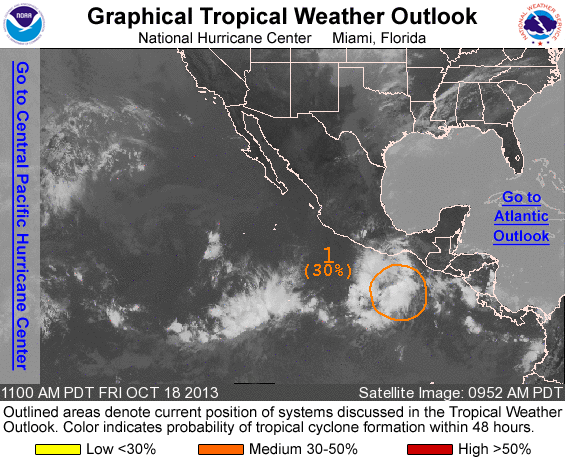
FOR THE EASTERN NORTH PACIFIC...EAST OF 140 DEGREES WEST LONGITUDE..

1. SHOWERS AND THUNDERSTORMS HAVE BECOME SOMEWHAT MORE ORGANIZED TODAY IN ASSOCIATION WITH A BROAD AREA OF LOW PRESSURE LOCATED ABOUT 350 MILES SOUTH-SOUTHWEST OF THE GULF OF TEHUANTEPEC. CONDITIONS ARE EXPECTED TO BE CONDUCIVE FOR SOME SLOW DEVELOPMENT OF THIS SYSTEM DURING THE NEXT SEVERAL DAYS. THIS SYSTEM HAS A MEDIUM CHANCE...30 PERCENT...OF BECOMING A TROPICAL CYCLONE DURING THE NEXT 48 HOURS...AND A MEDIUM CHANCE...50 PERCENT...OF BECOMING A TROPICAL CYCLONE DURING THE NEXT 5 DAYS WHILE IT MOVES WESTWARD TO WEST-NORTHWESTWARD AT 5 TO 10 MPH.

FIVE-DAY FORMATION PROBABILITIES ARE EXPERIMENTAL IN 2013. COMMENTS ON THE EXPERIMENTAL FORECASTS CAN BE PROVIDED AT...

HTTP://WWW.NWS.NOAA.GOV/SURVEY/NWS-SURVEY.PHP?CODE=ETWO

FORECASTER LANDSEA